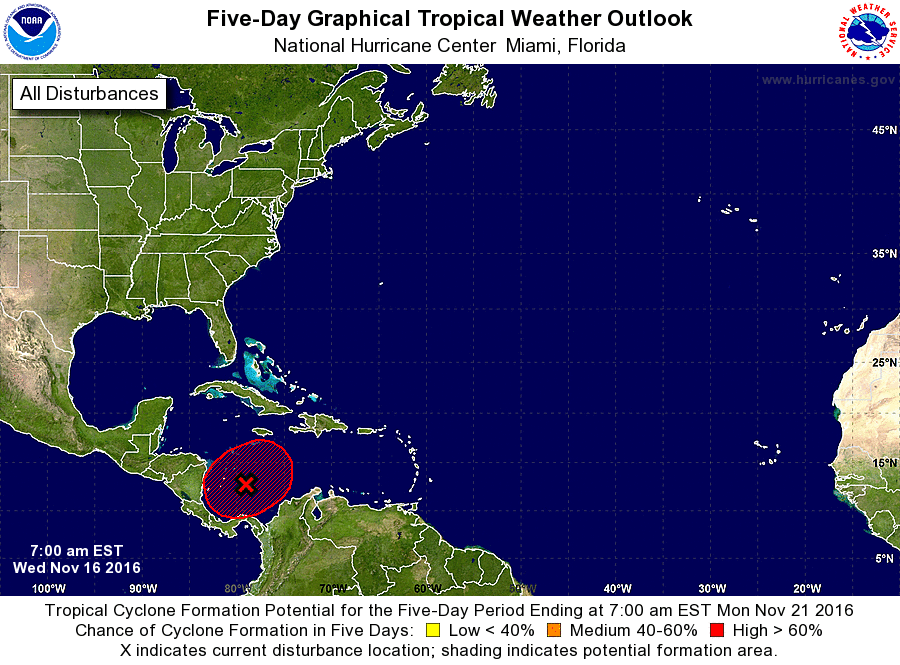
For the North Atlantic...Caribbean Sea and the Gulf of Mexico:

1. A large area of disorganized cloudiness and showers over the southwestern Caribbean Sea is associated with a broad low pressure system. Environmental conditions are expected to be conducive for slow development of this disturbance during the next several days, and a tropical depression is likely to form late this week or over the weekend while the low moves little.
* Formation chance through 48 hours...low...30 percent
* Formation chance through 5 days...high...80 percent

Forecaster Beven